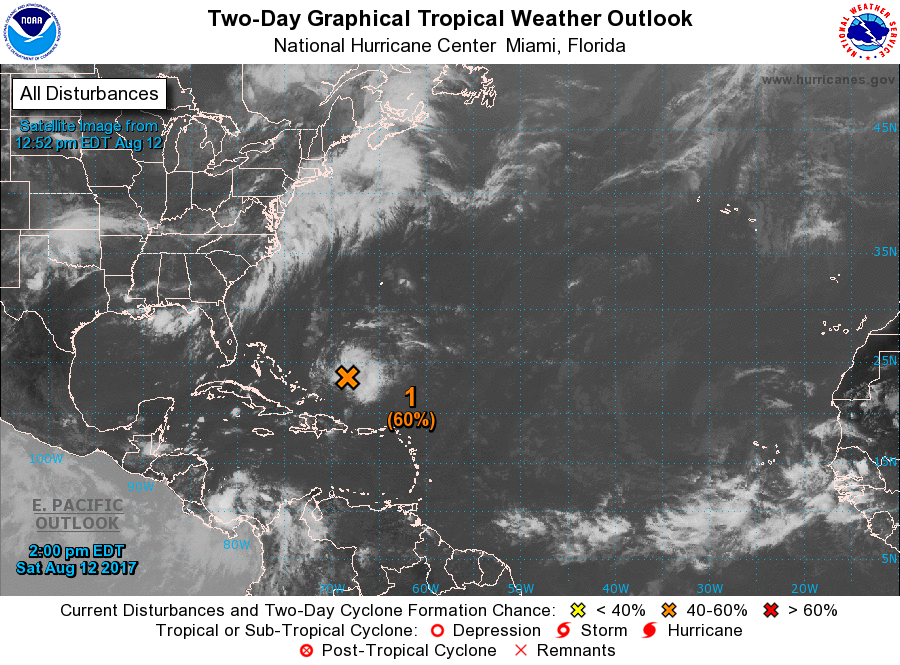
For the North Atlantic...Caribbean Sea and the Gulf of Mexico:

1. The area of disturbed weather associated with a low pressure system located a couple of hundred miles northeast of the Turks and Caicos Islands continues to show some signs of organization, but there is no evidence of a closed surface circulation. Conditions remain conducive for development, and a tropical depression could form during the next day or two. The low is forecast to move northwestward and northward through the weekend, and then turn to the northeast away from the United States early next week.
* Formation chance through 48 hours...medium...60 percent.
* Formation chance through 5 days...high...70 percent.

Forecaster Avila